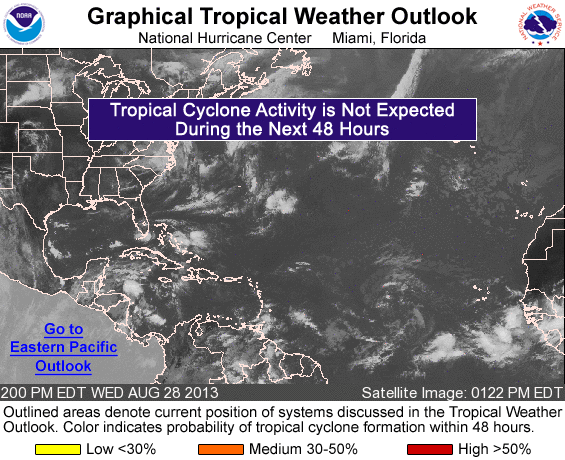
FOR THE NORTH ATLANTIC...CARIBBEAN SEA AND THE GULF OF MEXICO...

TROPICAL STORM FORMATION IS NOT EXPECTED DURING THE NEXT 48 HOURS.

OTHER SYSTEMS WITH FORMATION POTENTIAL BEYOND 48 HOURS...

SHOWER ACTIVITY ASSOCIATED WITH A TROPICAL WAVE LOCATED ABOUT 1400 MILES EAST OF THE LESSER ANTILLES REMAINS LIMITED. ENVIRONMENTAL CONDITIONS COULD BECOME A LITTLE MORE FAVORABLE FOR DEVELOPMENT OVER THE WEEKEND AS THE WAVE MOVES WESTWARD AT ABOUT 15 MPH AND APPROACHES THE LESSER ANTILLES. THIS SYSTEM HAS A LOW CHANCE...NEAR 0 PERCENT...OF BECOMING A TROPICAL CYCLONE DURING THE NEXT 48 HOURS...AND A LOW CHANCE...20 PERCENT...OF BECOMING A TROPICAL CYCLONE DURING THE NEXT 5 DAYS.

A TROPICAL WAVE CURRENTLY LOCATED OVER WEST AFRICA IS EXPECTED TO MOVE WESTWARD AT 10 TO 15 MPH...AND AN AREA OF LOW PRESSURE COULD FORM AFTER THE WAVE MOVES OFF THE COAST BY FRIDAY. ENVIRONMENTAL CONDITIONS ARE NOT EXPECTED TO BE AS CONDUCIVE FOR DEVELOPMENT AS ANTICIPATED EARLIER. HOWEVER...THIS SYSTEM STILL HAS SOME POTENTIAL FOR DEVELOPMENT AS IT MOVES NEAR THE CAPE VERDE ISLANDS DURING THE WEEKEND. THIS SYSTEM HAS A LOW CHANCE...NEAR 0 PERCENT...OF BECOMING A TROPICAL CYCLONE DURING THE NEXT 48 HOURS...AND A LOW CHANCE...20 PERCENT...OF BECOMING A TROPICAL CYCLONE DURING THE NEXT 5 DAYS.

&&
FIVE-DAY FORMATION PROBABILITIES ARE EXPERIMENTAL IN 2013. COMMENTS ON THE EXPERIMENTAL FORECASTS CAN BE PROVIDED AT...

HTTP://WWW.NWS.NOAA.GOV/SURVEY/NWS-SURVEY.PHP?CODE=ETWO

FORECASTER AVILA